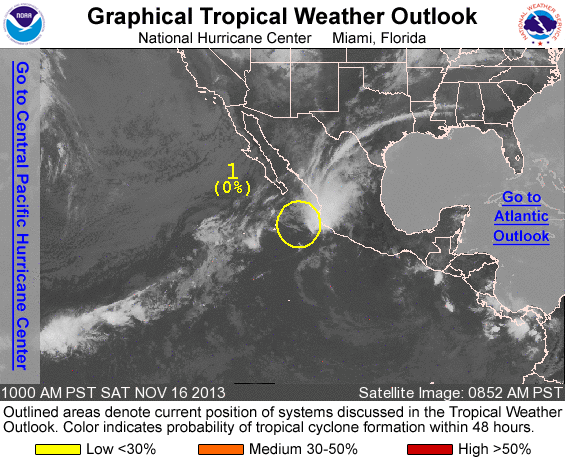
FOR THE EASTERN NORTH PACIFIC...EAST OF 140 DEGREES WEST LONGITUDE..

1. DISORGANIZED SHOWERS AND THUNDERSTORMS NEAR SOUTHWESTERN MEXICO ARE ASSOCIATED WITH A WEAKENING AREA OF LOW PRESSURE LOCATED A FEW HUNDRED MILES WEST OF MANZANILLO MEXICO. THIS SYSTEM HAS BECOME MUCH LESS ORGANIZED THIS MORNING...AND STRONG UPPER-LEVEL WINDS ARE FORECAST TO INHIBIT DEVELOPMENT. THIS SYSTEM HAS A LOW CHANCE... NEAR 0 PERCENT...OF BECOMING A TROPICAL CYCLONE DURING THE NEXT 48 HOURS...AND A LOW CHANCE...NEAR 0 PERCENT...OF BECOMING A TROPICAL CYCLONE DURING THE NEXT 5 DAYS WHILE IT MOVES NORTHEASTWARD AT 10 TO 15 MPH. LOCALLY HEAVY RAINS AND GUSTY WINDS ASSOCIATED WITH THIS SYSTEM SHOULD CONTINUE TO AFFECT PORTIONS OF SOUTHWESTERN MEXICO AT LEAST THROUGH TODAY.

FIVE-DAY FORMATION PROBABILITIES ARE EXPERIMENTAL IN 2013. COMMENTS ON THE EXPERIMENTAL FORECASTS CAN BE PROVIDED AT...

HTTP://WWW.NWS.NOAA.GOV/SURVEY/NWS-SURVEY.PHP?CODE=ETWO

FORECASTER KIMBERLAIN